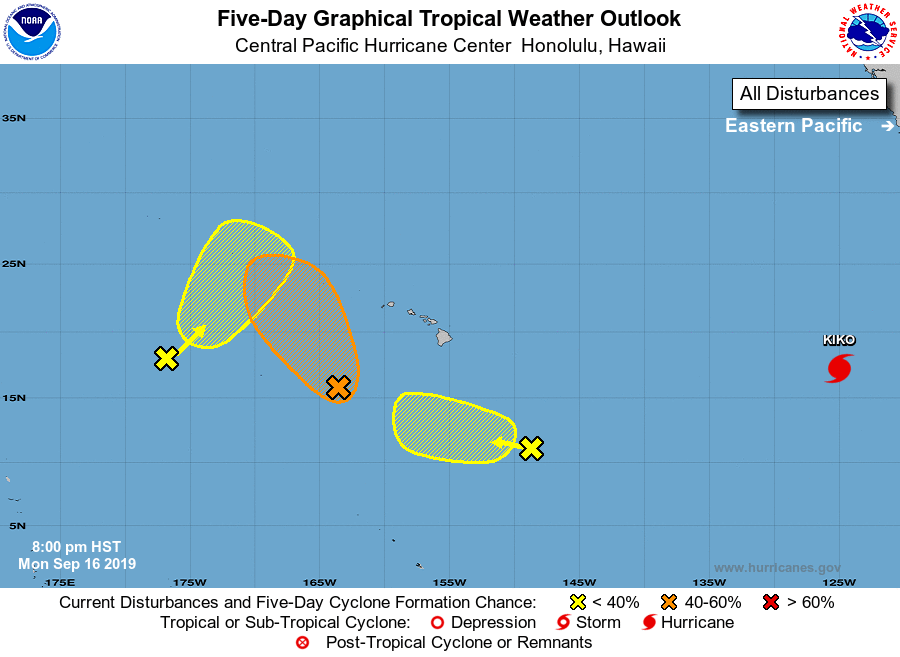
For the central North Pacific...between 140W and 180W:

1. An area of low pressure with showers and thunderstorms about 540 miles south-southwest of Honolulu, Hawaii has become better organized over the past 6 to 12 hours. Environmental conditions are expected to be conducive for gradual development, and this system could become a tropical depression within a few days as it moves northwestward.
* Formation chance through 48 hours...low...30 percent.
* Formation chance through 5 days...medium...40 percent.

2. An elongated area of low pressure lies some 800 miles southeast of the Big Island of Hawaii. Slow development is possible during the next several days while the area slowly moves westward.
* Formation chance through 48 hours...low...near 0 percent.
* Formation chance through 5 days...low...20 percent.

3. Showers and thunderstorms associated with a broad area of low pressure, located about 1150 miles west-southwest of Kauai, continues to remain disorganized. This system is expected to slowly move northeast into unfavorable environmental conditions. Development, if any, will be slow to occur.
* Formation chance through 48 hours...low...near 0 percent.
* Formation chance through 5 days...low...20 percent.

Elsewhere, no tropical cyclones are expected during the next 5 days.

Forecaster Kino